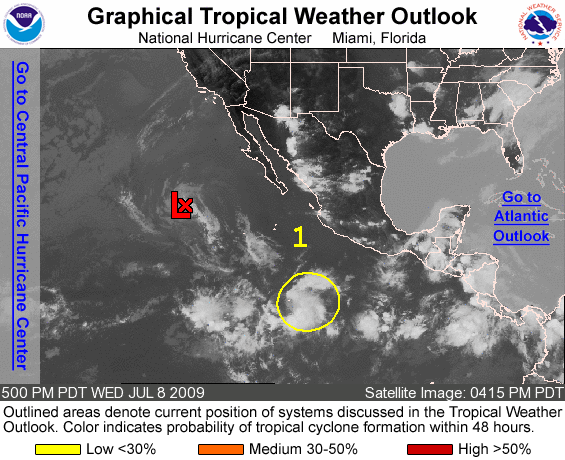
FOR THE EASTERN NORTH PACIFIC...EAST OF 140 DEGREES WEST LONGITUDE..

THE NATIONAL HURRICANE CENTER IS ISSUING ADVISORIES ON TROPICAL DEPRESSION BLANCA LOCATED ABOUT 720 MILES WEST OF THE SOUTHERN TIP OF BAJA CALIFORNIA.

1. AN AREA OF DISTURBED WEATHER IS LOCATED ABOUT 900 MILES SOUTH OF THE SOUTHERN TIP OF BAJA CALIFORNIA. DEVELOPMENT...IF ANY...OF THIS SYSTEM IS EXPECTED TO BE SLOW TO OCCUR AS IT MOVES WESTWARD NEAR 10 MPH OVER THE NEXT COUPLE OF DAYS. THERE IS A LOW CHANCE...LESS THAN 30 PERCENT...OF THIS SYSTEM BECOMING A TROPICAL CYCLONE DURING THE NEXT 48 HOURS.

ELSEWHERE...TROPICAL CYCLONE FORMATION IS NOT EXPECTED DURING THE NEXT 48 HOURS.

FORECASTER PASCH